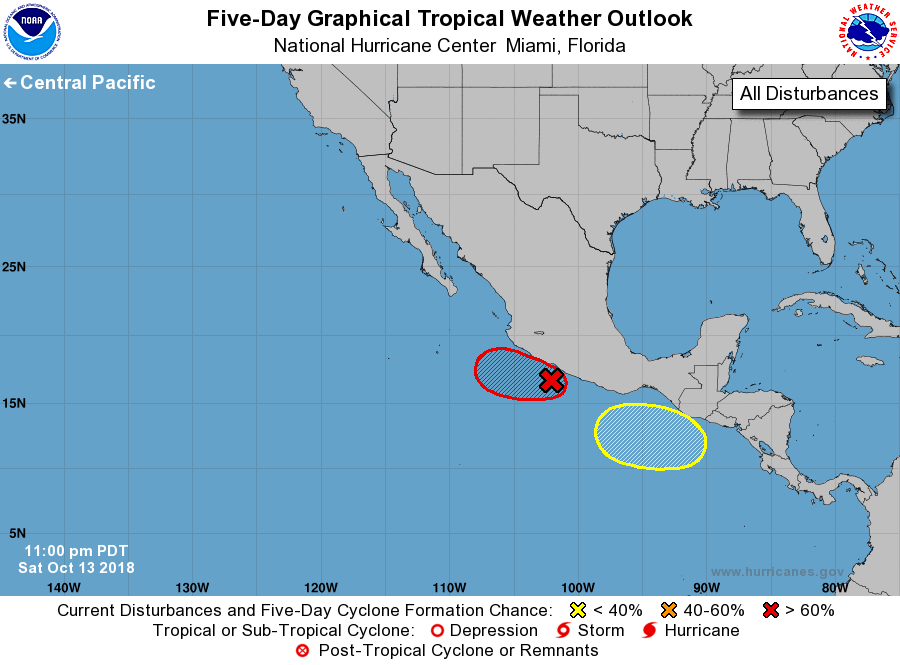
For the eastern North Pacific...east of 140 degrees west longitude:

1. A small low pressure system is located about 80 miles south- southwest of Zihuatanejo, Mexico. The associated shower and thunderstorm activity has changed little in organization during the day and has not persisted near the center of circulation due to strong winds aloft. However, upper-level winds are expected to become gradually more favorable for development of this system during the next few days, and a tropical depression is likely to form early next week while the low moves slowly westward to west-northwestward close to the coast of southwestern Mexico. Regardless of development, heavy rains are possible along coastal sections of the Mexican states of Guerrero, Michoacan, and Colima during the next several days, and interests in those areas should monitor the progress of this system and refer to products issued by the Mexican Meteorological Service.
* Formation chance through 48 hours...medium...60 percent.
* Formation chance through 5 days...high...70 percent.

2. A low pressure area is forecast to develop a few hundred miles south of the southeastern coast of Mexico around the middle of next week. Environmental conditions are expected to be somewhat favorable for development of the system while it moves generally westward, parallel to the coast of Mexico.
* Formation chance through 48 hours...low...near 0 percent.
* Formation chance through 5 days...low...30 percent.

Forecaster Berg